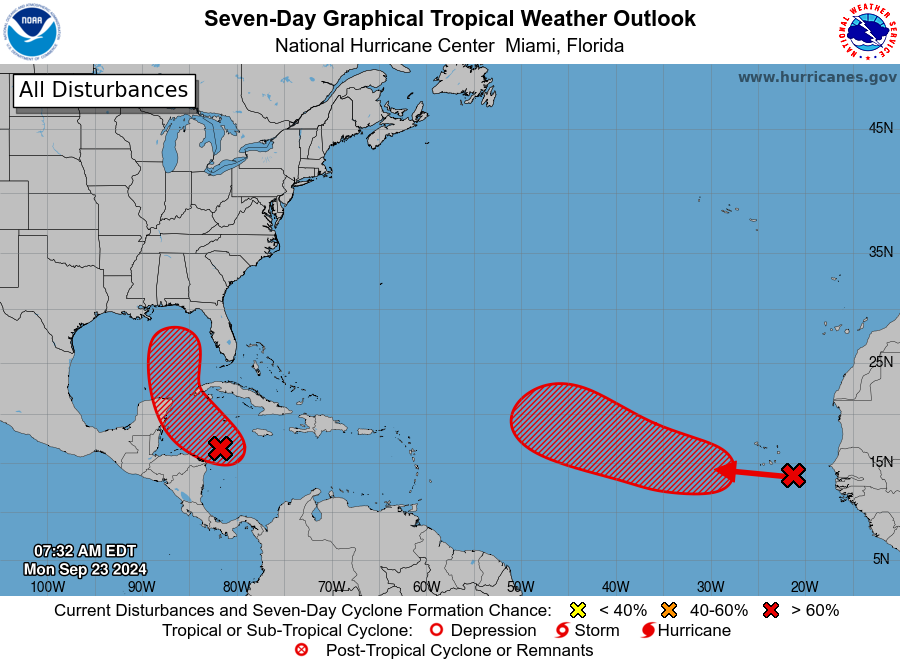
For the North Atlantic...Caribbean Sea and the Gulf of Mexico:

Northwestern Caribbean Sea and Gulf of Mexico (AL97): Showers and thunderstorms are gradually becoming better organized in association with a broad area of low pressure located over the northwestern Caribbean Sea. Environmental conditions appear favorable for further development of this system. A tropical depression or storm is likely to form within the next day or two as the system moves northward across the northwestern Caribbean Sea and into the southeastern Gulf of Mexico, where additional development is expected.

1. Regardless of development, this system is expected to produce heavy rains over portions of Central America during the next several days. Interests in the northwestern Caribbean, the Yucatan Peninsula of Mexico, and western Cuba should closely monitor the progress of this system, as watches or warnings will likely be required later this morning for portions of these areas. Later this week, the system is forecast to move generally northward across the eastern Gulf of Mexico, and interests along the northern and northeastern Gulf Coast should also closely monitor the progress of this system.
* Formation chance through 48 hours...high...80 percent.
* Formation chance through 7 days...high...90 percent.

2. Eastern and Central Tropical Atlantic: A tropical wave located between western Africa and the Cabo Verde Islands is producing disorganized shower and thunderstorm activity. Environmental conditions appear generally favorable for gradual development of this system, and a tropical depression is likely to form during the middle to latter part of this week while it moves westward to west-northwestward across the eastern and central tropical Atlantic.
* Formation chance through 48 hours...low...20 percent.
* Formation chance through 7 days...high...70 percent.

Forecaster Reinhart